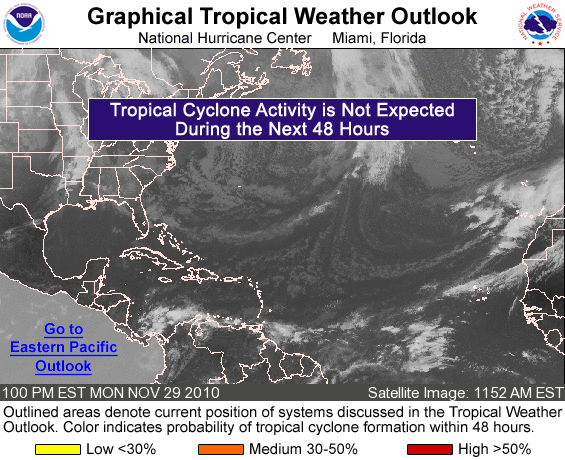
FOR THE NORTH ATLANTIC...CARIBBEAN SEA AND THE GULF OF MEXICO...

TROPICAL CYCLONE FORMATION IS NOT EXPECTED DURING THE NEXT 48 HOURS.

FORECASTER AVILA